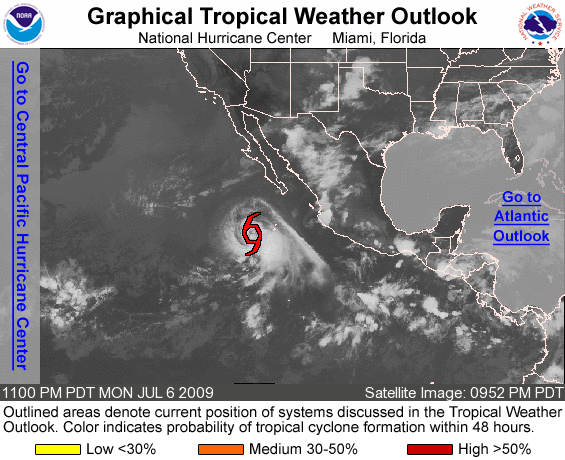
FOR THE EASTERN NORTH PACIFIC...EAST OF 140 DEGREES WEST LONGITUDE..

THE NATIONAL HURRICANE CENTER IS ISSUING ADVISORIES ON TROPICAL STORM BLANCA LOCATED ABOUT 410 MILES SOUTHWEST OF THE SOUTHERN TIP OF BAJA CALIFORNIA.

ELSEWHERE...TROPICAL CYCLONE FORMATION IS NOT EXPECTED DURING THE NEXT 48 HOURS.

PUBLIC ADVISORIES ON BLANCA ARE ISSUED UNDER WMO HEADER WTPZ33 KNHC AND UNDER AWIPS HEADER MIATCPEP3. FORECAST/ADVISORIES ON BLANCA ARE ISSUED UNDER WMO HEADER WTPZ23 KNHC AND UNDER AWIPS HEADER MIATCMEP3.

FORECASTER BRENNAN